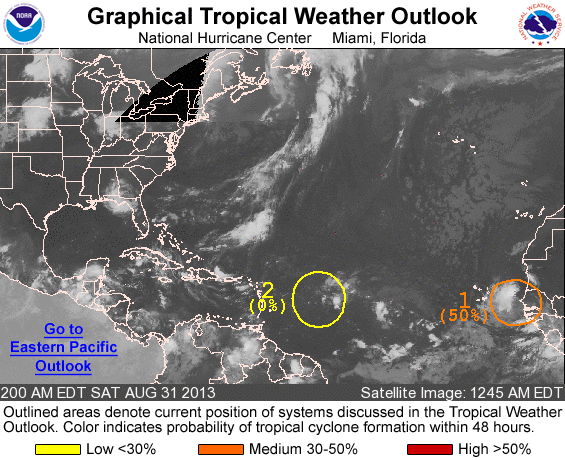
FOR THE NORTH ATLANTIC...CARIBBEAN SEA AND THE GULF OF MEXICO...

1. A BROAD AREA OF LOW PRESSURE ASSOCIATED WITH A TROPICAL WAVE IS LOCATED NEAR THE WEST COAST OF AFRICA. ENVIRONMENTAL CONDITIONS APPEAR CONDUCIVE FOR DEVELOPMENT WHEN THE LOW REACHES THE ATLANTIC OCEAN...AND THIS SYSTEM HAS THE POTENTIAL TO BECOME A TROPICAL DEPRESSION DURING THE NEXT COUPLE OF DAYS AS IT MOVES TOWARD THE CAPE VERDE ISLANDS. AFTER THAT TIME...CONDITIONS ARE EXPECTED TO BE LESS CONDUCIVE FOR DEVELOPMENT AS THE DISTURBANCE MOVES TOWARD THE WEST-NORTHWEST OVER THE EASTERN ATLANTIC. THIS SYSTEM HAS A MEDIUM CHANCE...50 PERCENT...OF BECOMING A TROPICAL CYCLONE DURING THE NEXT 48 HOURS...AND A MEDIUM CHANCE...50 PERCENT...OF BECOMING A TROPICAL CYCLONE DURING THE NEXT 5 DAYS. WHETHER OR NOT THIS DISTURBANCE BECOMES A TROPICAL CYCLONE...IT WILL LIKELY BRING CLOUDINESS AND THUNDERSTORMS TO PORTIONS OF THE CAPE VERDE ISLANDS DURING THE NEXT COUPLE OF DAYS.

2. A TROPICAL WAVE LOCATED ABOUT 500 MILES EAST OF THE LESSER ANTILLES IS MOVING INTO AN AREA OF UNFAVORABLE UPPER-LEVEL WINDS AND DRY AIR ALOFT. DEVELOPMENT OF THIS SYSTEM IS NOT EXPECTED DURING THE NEXT COUPLE OF DAYS AS IT MOVES WESTWARD AT AROUND 15 MPH...AND THIS SYSTEM HAS A LOW CHANCE...NEAR 0 PERCENT...OF BECOMING A TROPICAL CYCLONE DURING THE NEXT 48 HOURS. CONDITIONS MAY BECOME A LITTLE MORE CONDUCIVE FOR SOME DEVELOPMENT AFTER 48 HOURS AS THE WAVE MOVES INTO THE EASTERN CARIBBEAN SEA...AND THIS SYSTEM HAS A LOW CHANCE...10 PERCENT...OF BECOMING A TROPICAL CYCLONE DURING THE NEXT 5 DAYS.

FIVE-DAY FORMATION PROBABILITIES ARE EXPERIMENTAL IN 2013. COMMENTS ON THE EXPERIMENTAL FORECASTS CAN BE PROVIDED AT...

HTTP://WWW.NWS.NOAA.GOV/SURVEY/NWS-SURVEY.PHP?CODE=ETWO

FORECASTER BRENNAN